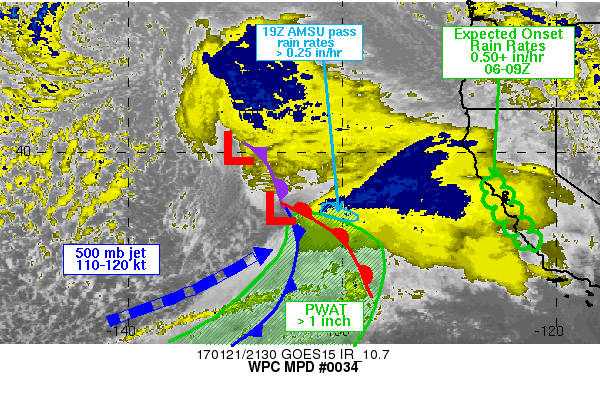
AREAS AFFECTED...N-CNTRL CA COAST

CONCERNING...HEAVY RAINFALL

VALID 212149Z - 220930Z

SUMMARY...THE APPROACH OF A STRONG COLD FRONT IS EXPECTED TO BRING
THE ONSET OF HEAVY RAINFALL RATES BETWEEN 06Z AND 09Z TO THE
N-CNTRL CA COAST.

DISCUSSION...RECENT GOES W VISIBLE SATELLITE AND AMSU 89 GHZ
IMAGERY HELPED IDENTIFY THE POSITION OF AN OCCLUDED CYCLONE
RAPIDLY MOVING EAST THROUGH THE ERN PACIFIC...WITH A TRIPLE POINT
LOW NEAR 37N 133W AT 21Z. SSMIS/AMSU RAIN RATES WERE CONSISTENT
WITH AN AREA OF 0.25+ IN/HR JUST AHEAD OF THE TRIPLE POINT AND
RELATED WARM FRONT...WITH THE 19Z AMSU PASS IDENTIFYING THE
HEAVIEST RAIN RATES NEAR 37N 130W. OFTEN TIMES...DOUBLING THE AMSU
RAIN RATE CAN BE A GOOD ESTIMATE FOR EXPECTED RAIN RATES OVER LAND
ONCE TERRAIN IS ACCOUNTED FOR. THE GOES HD WIND PRODUCT OVERLAPPED
THE 12Z GFS WITH THE CORE OF A STRONG 500 MB JET MAX OF 110-120
KT...SLIGHTLY WEAKER THAN THE GFS...BUT ONLY BY 5-10 KT.

AS THE OCCLUDED SYSTEM ADVANCES EAST OVERNIGHT...THE TRIPLE POINT
IS EXPECTED TO REACH THE COASTAL RANGES JUST NORTH OF SAN
FRANCISCO ALONG WITH 850 MB WINDS OF 60-70 KT. THE LEFT EXIT
REGION OF THE MID-UPPER LEVEL JET STREAK ALONG WITH INCREASING
DIFFLUENCE SHOULD HELP TO ENHANCE LIFT AS STRONGER FORCING NEAR
THE TRIPLE POINT ARRIVES. NORTH OF THE BAY REGION...PRECIPITABLE
WATER VALUES SHOULD REMAIN BELOW 1 INCH WITH RAIN RATES IN EXCESS
OF 0.5 IN/HR BEING RELATIVELY SHORT LIVED.
MEANWHILE...PRECIPITABLE WATER VALUES MEETING OR SLIGHTLY
EXCEEDING 1 INCH ARE FORECAST SOUTH OF THE BAY INTO THE SANTA CRUZ
AND SANTA LUCIA RANGE WHERE THE DURATION OF HEAVIER RAIN RATES MAY
PERSIST FOR SEVERAL HOURS AFTER 09Z GIVEN MORE OF A PERPENDICULAR
ANGLE OF THE LOW LEVEL WINDS TO THE TERRAIN. GIVEN THE ANOMALOUSLY
WET ANTECEDENT CONDITIONS ACROSS THE REGION AND SENSITIVITY TO
HEAVY RAIN ACROSS BURN SCAR LOCATIONS...FLOOD OR FLASH FLOOD
ISSUES MAY ARISE.